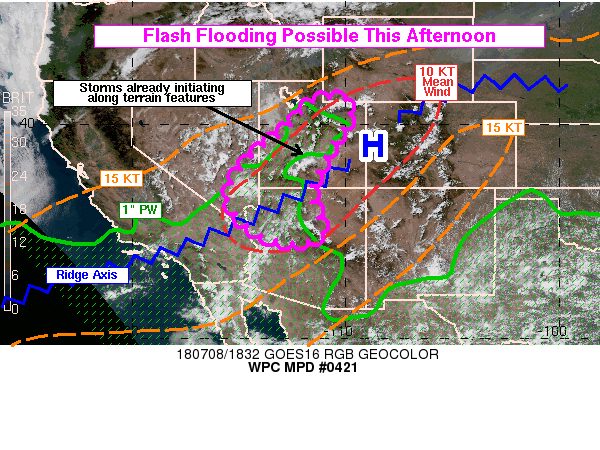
AREAS AFFECTED...UTAH...SRN NEVADA...NWRN ARIZONA

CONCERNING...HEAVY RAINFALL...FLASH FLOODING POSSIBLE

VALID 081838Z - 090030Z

SUMMARY...SCATTERED THUNDERSTORMS ARE EXPECTED TO DEVELOP THIS
AFTERNOON FROM THE HIGH DESERT REGIONS OF SRN NEVADA AND NWRN
ARIZONA INTO CENTRAL UTAH. THE STORMS ARE LIKELY TO INITIALLY
DEVELOP ALONG TERRAIN FEATURES AND THEN MAY BUILD INTO SURROUNDING
AREAS. RAIN RATES MAY REACH AROUND 1 IN/HR ON A VERY LOCALIZED
BASIS WHICH COULD LEAD TO FLASH FLOODING.

DISCUSSION...AS OF 18Z SCATTERED CONVECTION WAS INITIATING ALONG
THE RANGES OF CENTRAL UTAH AND EVEN INTO A FEW PLACES IN ARIZONA
AND NEVADA SUCH AS THE KAIBAB PLATEAU AND THE SHEEP RANGE.
CONVECTION SHOULD CONTINUE TO BUILD DURING THE AFTERNOON IN THE
PRESENCE OF MARGINAL INSTABILITY (MLCAPE AROUND 500-1000 J/KG) AND
PRECIPITABLE WATER VALUES AROUND OR ABOVE THE 90TH PERCENTILE
(GENERALLY AROUND 1 INCH). THE TALL AND NARROW CAPE PROFILES
SHOULD PROMOTE RELATIVELY WEAK UPDRAFTS BUT FAIRLY EFFICIENT
RAINFALL PRODUCTION. CIRA LAYER PW PRODUCTS SHOW AN ENHANCEMENT IN
THE 500-300MB LAYER OVER THIS SAME REGION WITH AROUND 5MM (0.2
INCHES) PW IN THAT LAYER. THIS IS SUGGESTIVE OF DEEP SATURATED
PROFILES AND MAY ACT TO LIMIT DRY AIR ENTRAINMENT IN THE
RELATIVELY WEAK UPDRAFTS. THE REGION WAS ALSO NEAR AN UPPER LEVEL
RIDGE AXIS...WITH A MINIMUM IN THE MEAN WIND SPEEDS
(850-200MB)...GENERALLY LESS THAN 10 KNOTS. THEREFORE...
CONVECTION SHOULD GENERALLY BE SLOW-MOVING AND GIVEN THE DEEP
MOIST PROFILES...THE ENVIRONMENT APPEARS TO BE REASONABLY
FAVORABLE FOR FLASH FLOODING. HOWEVER...GIVEN THE SCATTERED NATURE
OF CONVECTION...ANY FLOODING SHOULD BE LOCALIZED.

FLASH FLOODING WOULD BE MOST LIKELY IN SMALL NARROW BASINS IN
AREAS OF TERRAIN...OR PERHAPS THE SLOT CANYON REGION OF SOUTHERN
UTAH...AS WELL AS ANY URBAN AREAS.